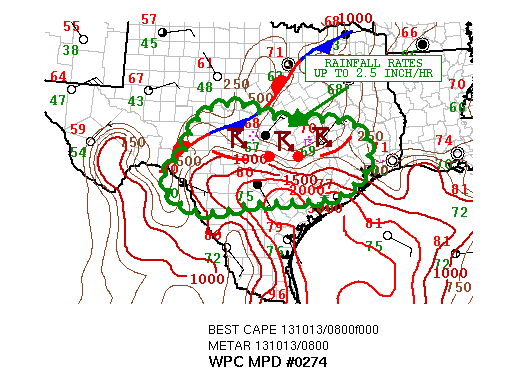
AREAS AFFECTED...CENTRAL AND SOUTHEAST TX

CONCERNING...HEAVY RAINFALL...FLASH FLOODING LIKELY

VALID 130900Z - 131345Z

SUMMARY...SLOW-MOVING MCS SHOULD CONTINUE TO FOSTER HEAVY RAINS
PAST SUNRISE WHILE SLOWLY ADVANCING SOUTHEAST. EXPECTING
ADDITIONAL FLASH FLOOD CONCERNS AT LEAST LOCALLY.

DISCUSSION...THE LATEST IR SAT IMAGERY SHOWS A BKN COLD-TOPPED MCS
ADVANCING VERY SLOWLY SSEWD ACROSS PORTIONS OF CNTRL AND SERN TX
OUT AHEAD OF A STALLED OUT FRONTAL ZONE. THE CONVECTION IS
EMBEDDED WITHIN A SHARP INSTABILITY GRADIENT AS COMPARED TO THE
LATEST RAP ANALYSIS. IN FACT...THE LATEST RAP ANALYSIS SHOWS SOME
IMPRESSIVELY UNSTABLE AIR SOUTH OF THE MCS CONSIDERING THE LACK OF
DIURNAL HEATING...WITH MUCAPE VALUES OF 3000 TO 4000 J/KG. THE
FAVORABLE THERMODYNAMIC ENVIRONMENT MEANWHILE IS BEING
COMPLEMENTED BY LARGER SCALE DYNAMICAL FORCING ASSOCD WITH H25 RRQ
JET DYNAMICS INVOLVING THE SUBTROPICAL JET. THIS ENERGY IS BEING
ENHANCED BY THE OUTFLOW ASSOCD WITH T.S. OCTAVE IN THE E PAC SOUTH
OF MEXICO. HIGHER LVL MOISTURE ASSOCD WITH THE T.S. AND VORT
ENERGY EMBEDDED WITHIN THE JET CORE ARE HELPING TO ENHANCE THE
CONVECTIVE ACTIVITY OVER THE REGION.

GIVEN THE LARGER SCALE ASCENT AND INSTABILITY ENVIRONMENT...THE
MCS MAY MAINTAIN SOME ORGANIZATION THROUGH SUNRISE...WITH SOME
ADDITIONAL POTENTIAL FOR BACK-BUILDING AND MERGING CONVECTIVE
CELLS. GOES-SOUNDER PWATS RANGE FROM 1.75 TO 2 INCHES...AND THIS
WILL SUPPORT VERY HEAVY RAINFALL RATES. FFG VALUES ARE LOCALLY
RATHER HIGH...BUT WITH OBSERVED RAINFALL RATES ALREADY UP TO 2.5
INCHES/HR...AND THE SLOW MOVEMENT...THERE WILL BE ADDITIONAL
CONCERNS FOR FLASH FLOODING...AT LEAST LOCALLY.